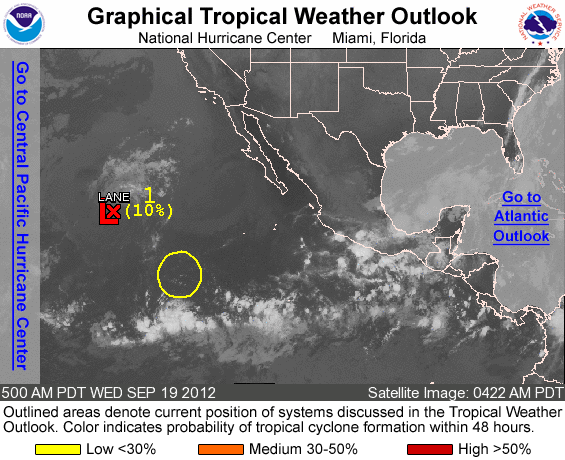
FOR THE EASTERN NORTH PACIFIC...EAST OF 140 DEGREES WEST LONGITUDE..

THE NATIONAL HURRICANE CENTER IS ISSUING ADVISORIES ON RECENTLY DOWNGRADED TROPICAL DEPRESSION LANE...LOCATED ABOUT 1355 MILES WEST OF THE SOUTHERN TIP OF BAJA CALIFORNIA.

1. A BROAD LOW PRESSURE SYSTEM THAT HAS FORMED ABOUT 425 MILES SOUTHEAST OF ACAPULCO MEXICO IS PRODUCING A LARGE AREA OF CLOUDINESS AND SHOWERS FROM THE GULF OF TEHUANTEPEC AND EXTENDING SOUTHWARD OVER THE EASTERN NORTH PACIFIC FOR SEVERAL HUNDRED MILES. SOME GRADUAL DEVELOPMENT OF THIS DISTURBANCE IS POSSIBLE OVER THE NEXT FEW DAYS AS IT MOVES WESTWARD AT 5 TO 10 MPH. THIS SYSTEM HAS A LOW CHANCE...10 PERCENT...OF BECOMING A TROPICAL CYCLONE DURING THE NEXT 48 HOURS.

ELSEWHERE...TROPICAL CYCLONE FORMATION IS NOT EXPECTED DURING THE NEXT 48 HOURS.

FORECASTER STEWART